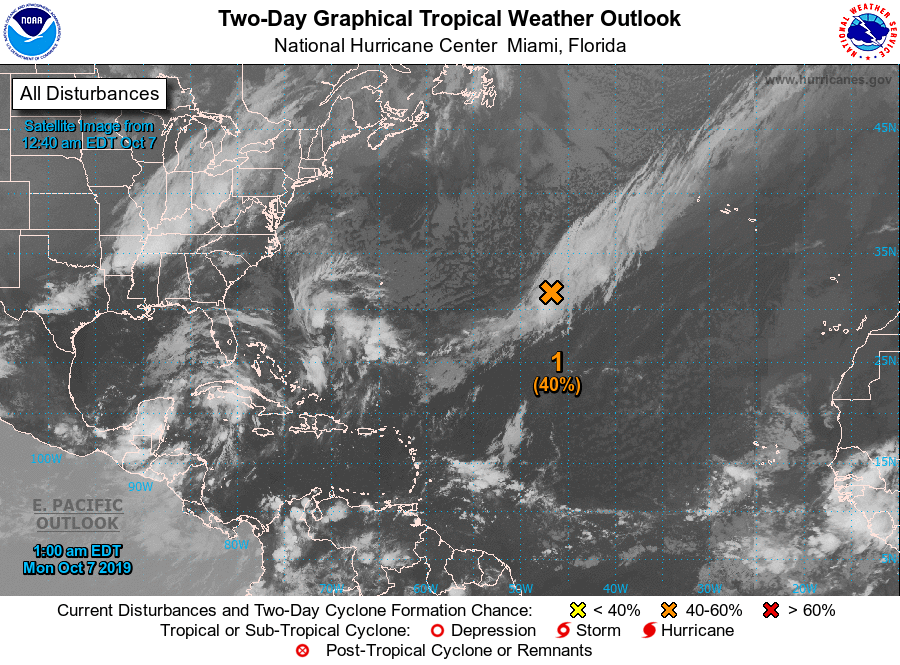
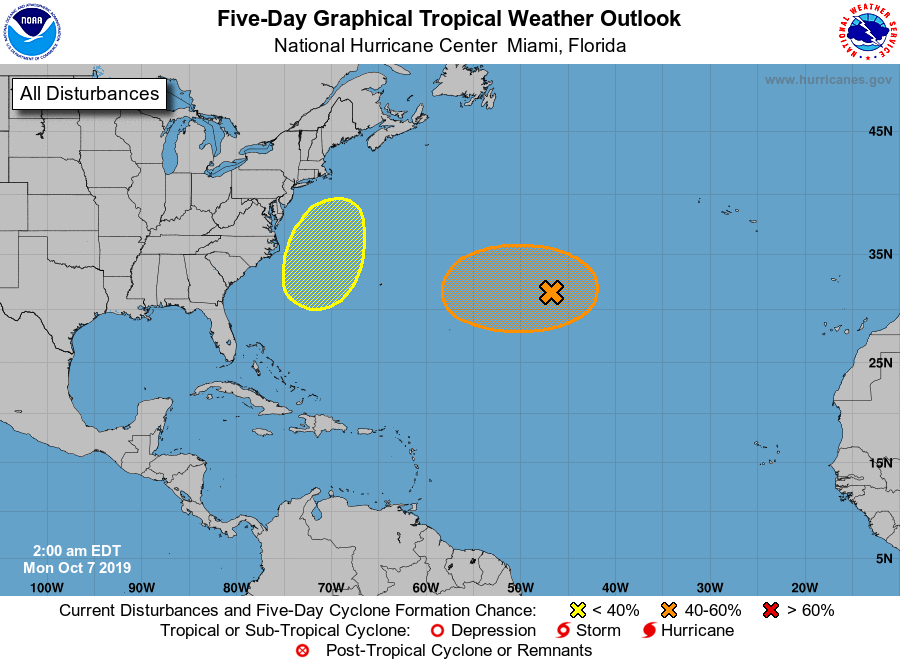
For the North Atlantic...Caribbean Sea and the Gulf of Mexico:

1. A non-tropical low pressure system is expected to develop along a frontal boundary over the central Atlantic Ocean between Bermuda and the Azores by tonight. Gradual development of this system is possible while it moves slowly westward, and a tropical or subtropical depression could form on Tuesday or Wednesday before upper-level winds become unfavorable.
* Formation chance through 48 hours...medium...40 percent.
* Formation chance through 5 days...medium...50 percent.

2. Another non-tropical low pressure system is forecast to develop over the western North Atlantic between Bermuda and the east coast of the United States in a few days. The low could acquire some subtropical characteristics later in the week while it meanders off the east coast of the United States.
* Formation chance through 48 hours...low...near 0 percent.
* Formation chance through 5 days...low...30 percent.

Forecaster Cangialosi